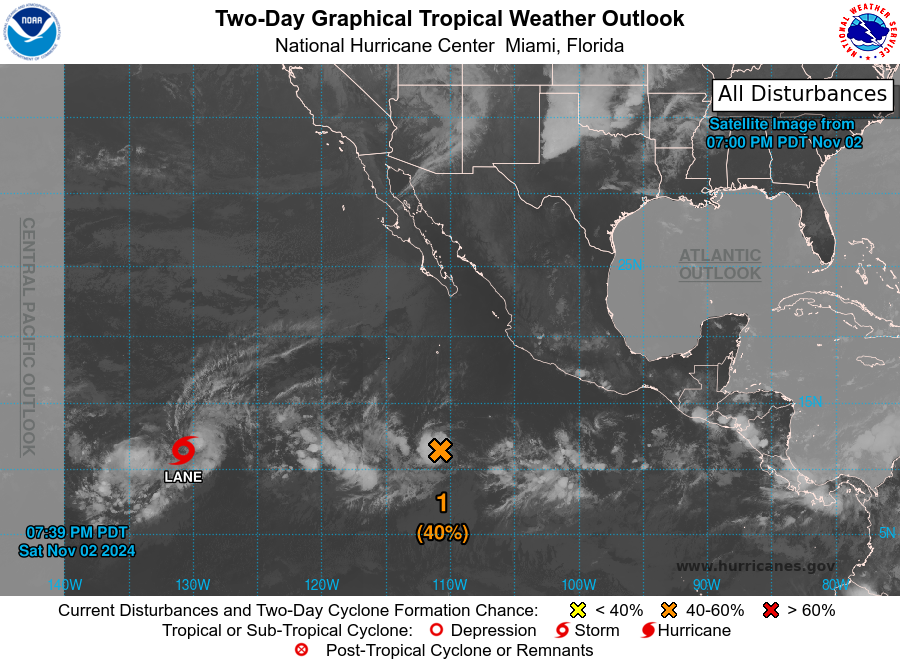
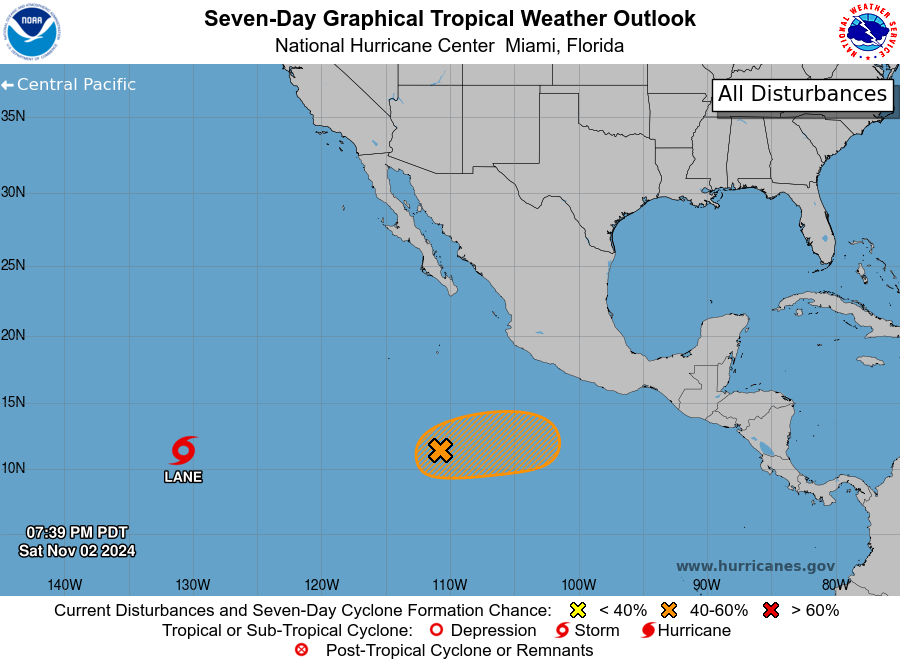
For the eastern North Pacific...east of 140 degrees west longitude:

Active Systems: The National Hurricane Center is issuing advisories on Tropical Storm Lane, located over the western portion of the eastern Pacific basin.

1. Southwest of Southwestern Mexico (EP93): Recent visible satellite imagery indicates that the area of low pressure located well offshore of the southwestern coast of Mexico has a well-defined circulation, although shower and thunderstorm activity is currently limited and disorganized. Environmental conditions appear marginally conducive for some additional development of this system, and a tropical depression could form over the next several days as the system continues to move slowly. The low is expected to begin an eastward drift by the early to middle part of the upcoming week.
* Formation chance through 48 hours...medium...40 percent.
* Formation chance through 7 days...medium...50 percent.

Forecaster Papin